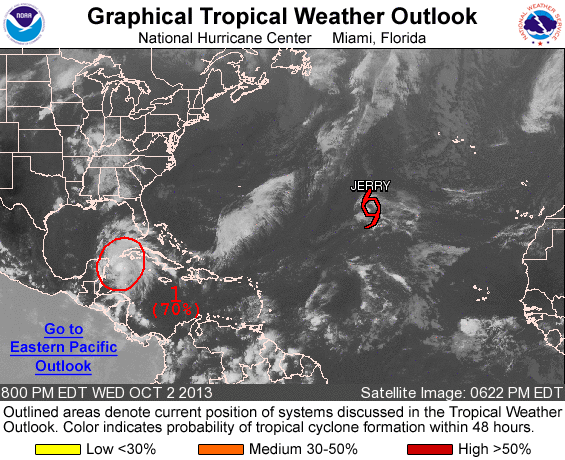
FOR THE NORTH ATLANTIC...CARIBBEAN SEA AND THE GULF OF MEXICO...

THE NATIONAL HURRICANE CENTER IS ISSUING ADVISORIES ON TROPICAL STORM JERRY...LOCATED OVER THE CENTRAL ATLANTIC.

1. AN AIR FORCE RESERVE UNIT HURRICANE HUNTER AIRCRAFT HAS EXTENSIVELY INVESTIGATED THE BROAD AREA OF LOW PRESSURE OVER THE NORTHWESTERN CARIBBEAN SEA...AND DETERMINED THAT THE SYSTEM DID NOT HAVE A WELL-DEFINED CIRCULATION. HOWEVER...THE LOW IS PRODUCING WINDS TO GALE FORCE AND HAS THE POTENTIAL TO BECOME A TROPICAL STORM AT ANY TIME TONIGHT OR ON THURSDAY. THE LOW IS EXPECTED TO MOVE NORTH- NORTHWESTWARD NEAR OR OVER THE NORTHEASTERN PORTION OF THE YUCATAN PENINSULA THIS EVENING...AND INTO THE SOUTHERN GULF OF MEXICO BY EARLY THURSDAY. THIS SYSTEM HAS A HIGH CHANCE...70 PERCENT...OF BECOMING A TROPICAL CYCLONE DURING THE NEXT 48 HOURS. AFTER THAT...STRONG UPPER-LEVEL WINDS ARE LIKELY TO LIMIT DEVELOPMENT AS THE SYSTEM APPROACHES THE NORTHERN GULF OF MEXICO BY THE WEEKEND. THIS SYSTEM HAS A HIGH CHANCE...70 PERCENT...OF BECOMING A TROPICAL CYCLONE DURING THE NEXT 5 DAYS. LOCALLY HEAVY RAINS COULD AFFECT THE CAYMAN ISLANDS...PORTIONS OF CUBA...AND PORTIONS OF THE YUCATAN PENINSULA DURING THE NEXT DAY OR TWO. INTERESTS IN THE NORTHEASTERN YUCATAN PENINSULA...WESTERN CUBA...AND THE NORTHERN COAST OF THE GULF OF MEXICO SHOULD MONITOR THE PROGRESS OF THIS SYSTEM.

FIVE-DAY FORMATION PROBABILITIES ARE EXPERIMENTAL IN 2013. COMMENTS ON THE EXPERIMENTAL FORECASTS CAN BE PROVIDED AT...

HTTP://WWW.NWS.NOAA.GOV/SURVEY/NWS-SURVEY.PHP?CODE=ETWO

FORECASTER PASCH